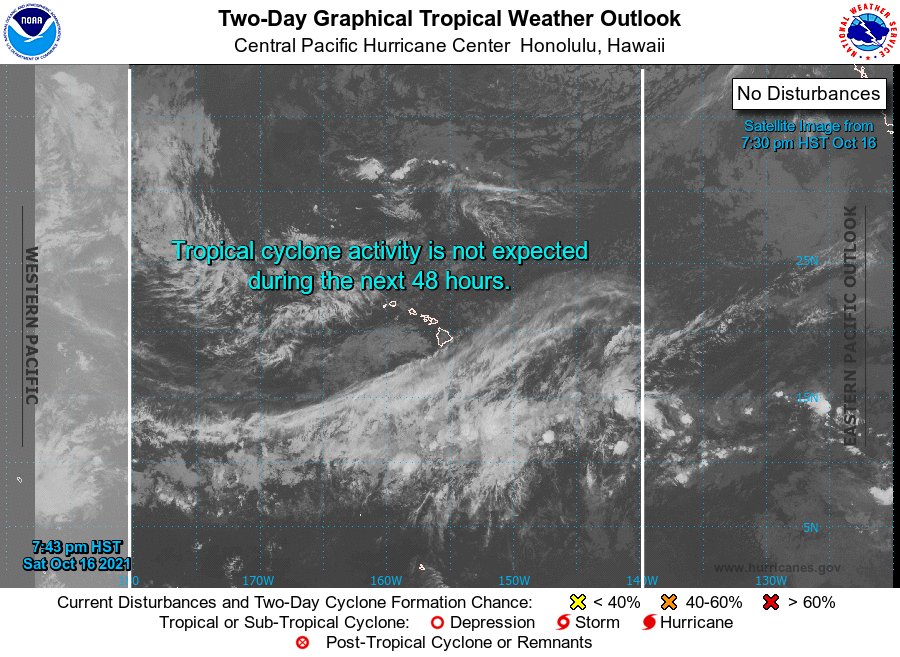
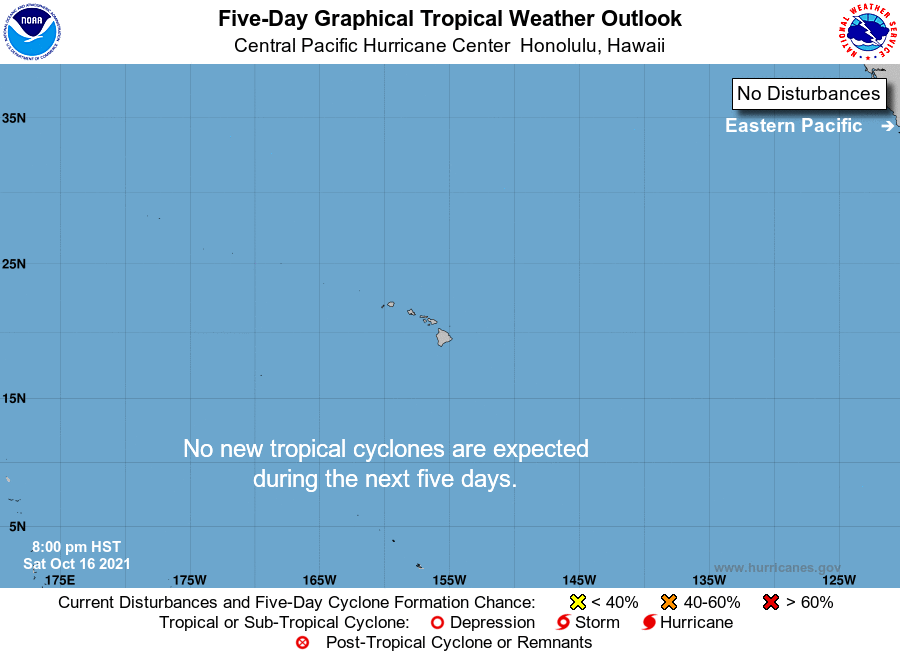
For the central North Pacific...between 140W and 180W:

No tropical cyclones are expected during the next 5 days.

Forecaster Lau